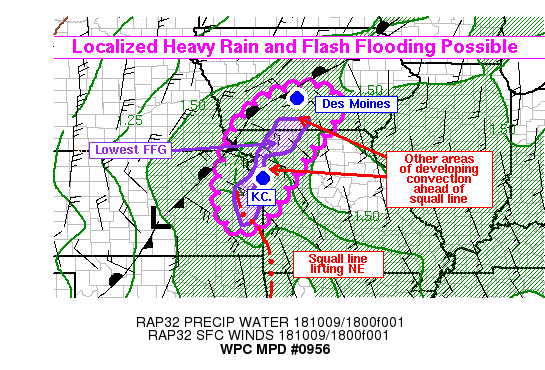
Areas affected...Northeast Kansas, Northwest Missouri, Southern
Iowa

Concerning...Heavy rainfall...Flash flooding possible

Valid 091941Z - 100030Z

Summary...Thunderstorms and heavy rain bands were beginning to
expand in coverage from eastern Kansas, into northwest Missouri
and southern Iowa early this afternoon. As areas of heavy rain
become more widespread, the risk of flash flooding should
increase. Chances of flash flooding would be highest from the
Kansas City Metro Area northeast along the I-35 corridor, an area
that has received several inches of rain in the past couple days
already.

Discussion...Regional radars show a squall line becoming
increasingly well-defined, arcing across far southeast Kansas as
of 1930Z, and pushing rapidly off to the NNE or NE (depending on
the exact portion of the line). GOES-16 IR channels also showed
cooling cloud tops, and there were some CG lightning strikes
showing up in NLDN in the past hour or two. All these signs are
indicative of a strengthening band of convection in a region of
mid-upper level PVA. The low-level inflow area over Missouri
(southeasterly winds) was moderately unstable with RAP analysis
showing MLCAPE values reaching 1000 j/kg. The combination of this
increasing instability and precipitable water values around 1.6
inches should yield heavy rain rates in the strongest convection,
reaching 1-2 in/hr in narrow swaths where individual cell motions
prolong the heavy rain longest. Ahead of the squall line,
additional scattered convection was developing over northwest
Missouri and southern Iowa. This was likely due to increasing
low-level WAA and northward moisture flux associated with a strong
LLJ lifting north with the low-level cyclone over Kansas. This may
create some training patterns over parts of the outlined area,
with corridors of up to around 2 inches of rain. Flash flood
guidance was reduced across the region due to recent heavy
rainfall, particularly from far eastern Kansas, into the Kansas
City Metro Area, and up the I-35 corridor to near the IA-MO
border. In that specific area, 3-hr FFG is less than 1.5 inches,
certainly achievable given the atmospheric ingredients in place.
The negating factor could be the relatively fast storm motions.
Therefore, the flash flood threat will hinge on the ability for
convection to be channeled into training patterns for an hour or
two in a particular area, and/or the antecedent conditions being
especially favorable for additional flooding.